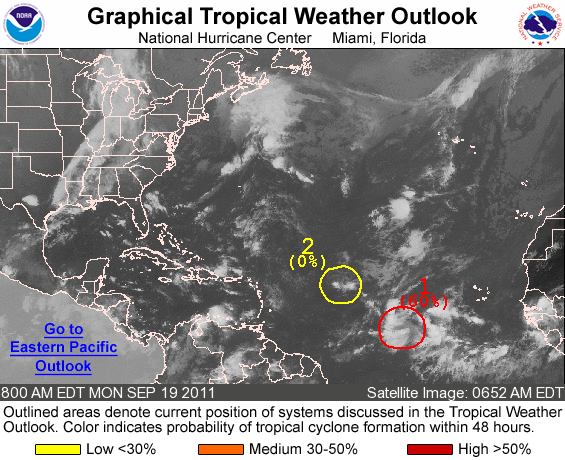
FOR THE NORTH ATLANTIC...CARIBBEAN SEA AND THE GULF OF MEXICO...

1. AN AREA OF LOW PRESSURE LOCATED ABOUT 1450 MILES EAST OF THE WINDWARD ISLANDS CONTINUES TO SHOW SIGNS OF ORGANIZATION...AND ENVIRONMENTAL CONDITIONS APPEAR FAVORABLE FOR THE DEVELOPMENT OF A TROPICAL DEPRESSION DURING THE NEXT COUPLE OF DAYS. THIS SYSTEM HAS A HIGH CHANCE...60 PERCENT...OF BECOMING A TROPICAL CYCLONE DURING THE NEXT 48 HOURS AS IT BEGINS TO MOVE WESTWARD AT ABOUT 10 MPH.

2. THUNDERSTORM ACTIVITY IS LIMITED IN ASSOCIATION WITH A SMALL AREA OF LOW PRESSURE LOCATED ABOUT 900 MILES EAST OF THE NORTHERN LEEWARD ISLANDS. ENVIRONMENTAL CONDITIONS ARE NOT FAVORABLE FOR SIGNIFICANT DEVELOPMENT...AND THIS SYSTEM HAS A LOW CHANCE...NEAR 0 PERCENT... OF BECOMING A TROPICAL CYCLONE DURING THE NEXT 48 HOURS AS IT MOVES WESTWARD AT 10 TO 15 MPH.

ELSEWHERE...TROPICAL CYCLONE FORMATION IS NOT EXPECTED DURING THE NEXT 48 HOURS.

FORECASTER BRENNAN